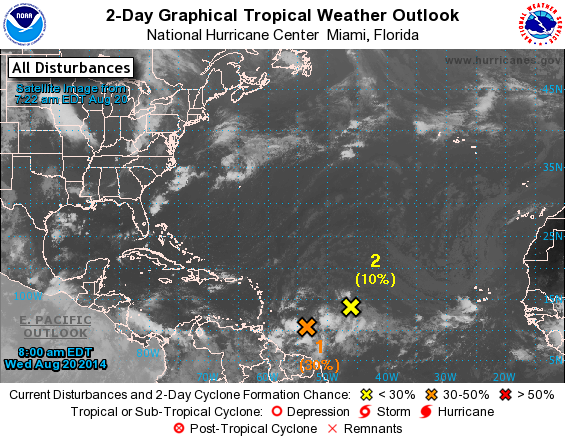
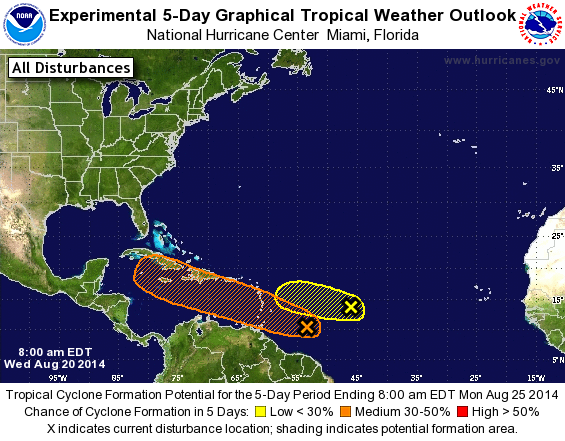
For the North Atlantic...Caribbean Sea and the Gulf of Mexico:

1. Disorganized shower and thunderstorm activity is associated with an elongated area of low pressure located several hundred miles east of the southern Windward Islands. Gradual development of this system is possible during the next few days while it moves west- northwestward at 10 to 15 mph across the Lesser Antilles and into the Caribbean Sea. Interests in the Lesser Antilles and the northeastern Caribbean Sea should closely monitor the progress of this system.
* Formation chance through 48 hours...medium...30 percent.
* Formation chance through 5 days...medium...50 percent.

2. A tropical wave located about 1000 miles east of the Lesser Antilles continues to produce disorganized showers and thunderstorms. Any development of this system should be slow to occur during the next day or two while it moves toward the west-northwest at about 10 mph. After that time, development of this system is not anticipated as it begins to interact with the disturbance located to its west.
* Formation chance through 48 hours...low...10 percent.
* Formation chance through 5 days...low...10 percent.

Forecaster Brennan